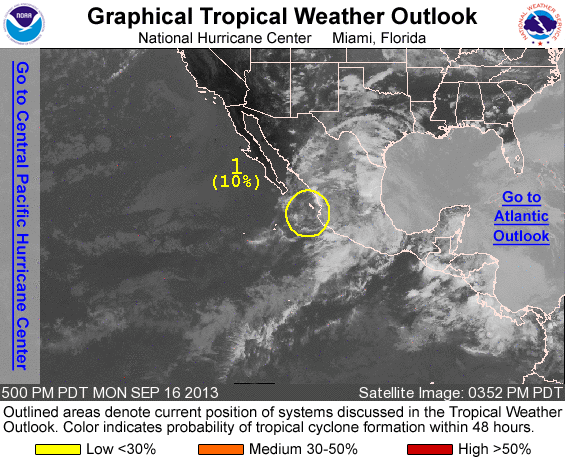
FOR THE EASTERN NORTH PACIFIC...EAST OF 140 DEGREES WEST LONGITUDE..

1. A BROAD AREA OF LOW PRESSURE...THE REMNANTS OF MANUEL...IS LOCATED NEAR THE WEST-CENTRAL COAST OF MEXICO. THE ASSOCIATED SHOWER ACTIVITY REMAINS LIMITED...AND ANY RE-DEVELOPMENT OF THIS SYSTEM SHOULD BE SLOW TO OCCUR WHILE IT DRIFTS NORTHWESTWARD. THIS SYSTEM HAS A LOW CHANCE...10 PERCENT...OF BECOMING A TROPICAL CYCLONE DURING THE NEXT 48 HOURS...AND A LOW CHANCE...10 PERCENT...OF BECOMING A TROPICAL CYCLONE DURING THE NEXT FIVE DAYS.

FIVE-DAY FORMATION PROBABILITIES ARE EXPERIMENTAL IN 2013. COMMENTS ON THE EXPERIMENTAL FORECASTS CAN BE PROVIDED AT...

HTTP://WWW.NWS.NOAA.GOV/SURVEY/NWS-SURVEY.PHP?CODE=ETWO

FORECASTER CANGIALOSI